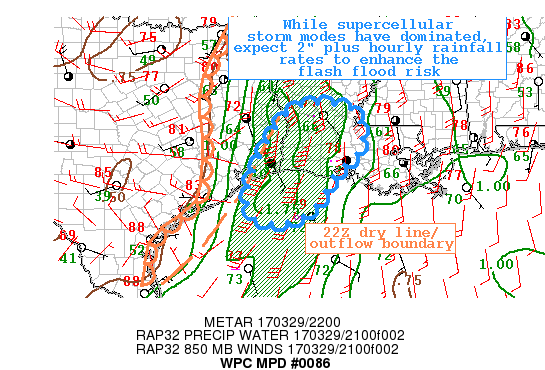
AREAS AFFECTED...FAR SOUTHEAST TX/SOUTHWESTERN TO CENTRAL LA...

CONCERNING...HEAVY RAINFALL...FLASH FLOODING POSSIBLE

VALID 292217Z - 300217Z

SUMMARY...UPSTREAM CONVECTION AHEAD OF AN EASTWARD PROGRESSING
DRYLINE HAS A HISTORY OF DROPPING HEAVY RAINFALL WITH HOURLY RATES
IN EXCESS OF 2 INCHES. AS CLOUD TOPS CONTINUE TO COOL AND THE
LOW-LEVEL MOIST INFLOW INCREASES IN STRENGTH...EXPECT THE
POTENTIAL FOR LOCALIZED FLASH FLOOD ISSUES INTO SOUTHWESTERN TO
CENTRAL LA.

DISCUSSION...MULTIPLE SUPERCELLS EXITING OUT OF SOUTHEAST TX HAVE
A HISTORY OF PRODUCING POCKETS OF SEVERE WEATHER ACCOMPANIED WITH
COPIOUS RAINFALL. HOURLY MESONET DATA ACROSS SOUTHERN HARRIS
COUNTY...JUST NORTH OF GALVESTON TX...INDICATED AMOUNTS EXCEEDING
2 INCHES. MULTIPLE OBSERVATIONS SUPPORT SUCH AMOUNTS WITH EVEN A
FEW ISOLATED REPORTS NEARING 2.50 INCHES. WHILE THERE HAVE BEEN
HYDROLOGIC-RELATED LOCAL STORM REPORTS WITH THESE CELLS...THESE
ROBUST RAINFALL AMOUNTS WILL LIKELY SPREAD DOWNSTREAM INTO
SOUTHWESTERN LA.

RECENT RUNS OF THE RAP INDICATE A SLIGHT INCREASE IN THE
PRECIPITABLE WATER VALUES WITH AN ACCOMPANYING UPTICK IN STRENGTH
OF THE LOW-LEVEL FLOW. THIS COMBINATION IN CONJUNCTION WITH AMPLE
BUOYANCY...SURFACE-BASED INSTABILITY IN EXCESS OF 1500
J/KG...SHOULD HELP KEEP THIS COMPLEX RATHER ORGANIZED. THERE WILL
REMAIN A TENDENCY FOR THE SOUTHWESTERN FLANK OF THE CONVECTION TO
HANG UP AND/OR REMAINING SLOWER MOVING WHICH COULD INCREASE THE
THREAT FOR ISOLATED FLASH FLOODING. THE LAST 5 RUNS OF THE HRRR
HAVE BEEN FAIRLY CONSISTENT IN PAINTING HEAVY RAINFALL IN A
SOUTHWEST/NORTHEAST FASHION ACROSS THE MPD AREA. GIVEN THIS
PERSISTENCE COUPLED WITH ONGOING RADAR/SATELLITE TRENDS...FEEL
CONFIDENT IN THIS COMPLEX MAINTAINING A HEALTHY SIGNATURE INTO THE
LATER EVENING HOURS.